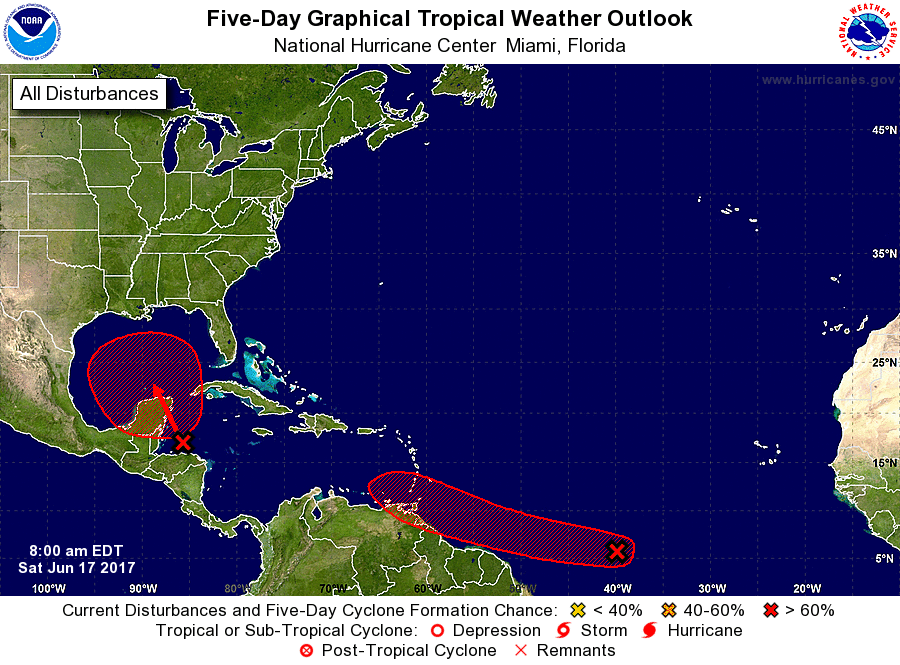
For the North Atlantic...Caribbean Sea and the Gulf of Mexico:

1. A tropical wave located about 1500 miles east-southeast of the southern Windward Islands is producing scattered showers and thunderstorms. This disturbance has changed little in organization since yesterday. However, some development is expected during the next few days before conditions become less favorable for tropical cyclone formation. This system is expected to continue moving toward the west or west-northwest at 15 to 20 mph over the tropical Atlantic during the next several days.
* Formation chance through 48 hours...medium...40 percent.
* Formation chance through 5 days...high...70 percent.

2. A broad trough of low pressure is producing a large area of cloudiness and showers over the northwestern Caribbean Sea and the adjacent land areas. Conditions appear to be favorable for gradual development of this large disturbance while it moves slowly northwestward across the Yucatan Peninsula this weekend, and a tropical cyclone could form early next week over the southern or central Gulf of Mexico. Regardless of development, heavy rains are likely to spread over portions of Central America, the Yucatan Peninsula, Jamaica, the Cayman Islands, and western Cuba during the next several days.
* Formation chance through 48 hours...low...20 percent.
* Formation chance through 5 days...high...70 percent.

Forecaster Beven